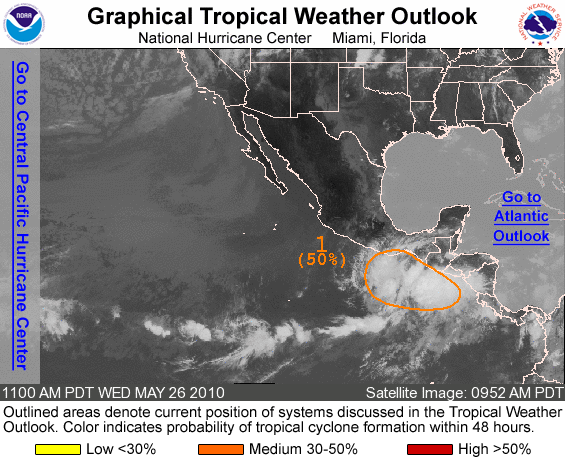
FOR THE EASTERN NORTH PACIFIC...EAST OF 140 DEGREES WEST LONGITUDE..

1. SHOWERS AND THUNDERSTORMS ASSOCIATED WITH A BROAD AREA OF LOW PRESSURE LOCATED A COUPLE HUNDRED MILES SOUTH OF THE GULF OF TEHUANTEPEC ARE POORLY ORGANIZED. HOWEVER...ENVIRONMENTAL CONDITIONS APPEAR TO BE FAVORABLE FOR ADDITIONAL DEVELOPMENT...AND A TROPICAL DEPRESSION COULD FORM DURING THE NEXT DAY OR TWO AS THE SYSTEM DRIFTS TOWARD THE NORTH. REGARDLESS OF DEVELOPMENT...THIS SYSTEM HAS THE POTENTIAL TO PRODUCE LOCALLY HEAVY RAINS AND FLOODING OVER PORTIONS OF CENTRAL AMERICA DURING THE NEXT FEW DAYS. THERE IS A MEDIUM CHANCE...50 PERCENT...OF THIS SYSTEM BECOMING A TROPICAL CYCLONE DURING THE NEXT 48 HOURS.

ELSEWHERE...TROPICAL CYCLONE FORMATION IS NOT EXPECTED DURING THE NEXT 48 HOURS.

FORECASTER CANGIALOSI/PASCH